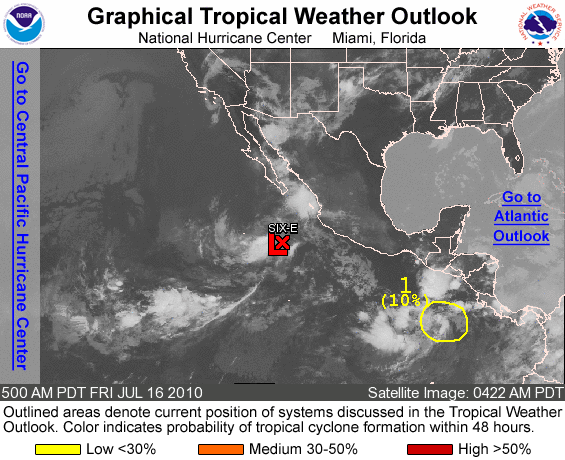
FOR THE EASTERN NORTH PACIFIC...EAST OF 140 DEGREES WEST LONGITUDE..

THE NATIONAL HURRICANE CENTER HAS ISSUED THE LAST ADVISORY ON TROPICAL DEPRESSION SIX-E...WHICH HAS BECOME A REMNANT LOW ABOUT 355 MILES SOUTH-SOUTHWEST OF THE SOUTHERN TIP OF BAJA CALIFORNIA. WHILE THIS SYSTEM MAY PRODUCE OCCASIONAL SHOWER AND THUNDERSTORM ACTIVITY AS IT MOVES WESTWARD OR WEST-NORTHWESTWARD AT 10 TO 15 MPH OVER THE NEXT COUPLE OF DAYS...REGENERATION IS NOT EXPECTED.

1. SHOWERS AND THUNDERSTORMS ASSOCIATED WITH AN AREA OF LOW PRESSURE ARE LOCATED ABOUT 500 MILES WEST-SOUTHWEST OF COSTA RICA. ANY DEVELOPMENT OF THIS SYSTEM IS EXPECTED TO BE SLOW TO OCCUR AS IT MOVES LITTLE DURING THE NEXT COUPLE OF DAYS. THERE IS A LOW CHANCE...10 PERCENT...OF THIS SYSTEM BECOMING A TROPICAL CYCLONE DURING THE NEXT 48 HOURS.

ELSEWHERE...TROPICAL CYCLONE FORMATION IS NOT EXPECTED DURING THE NEXT 48 HOURS.

FORECASTER ROBERTS/BRENNAN